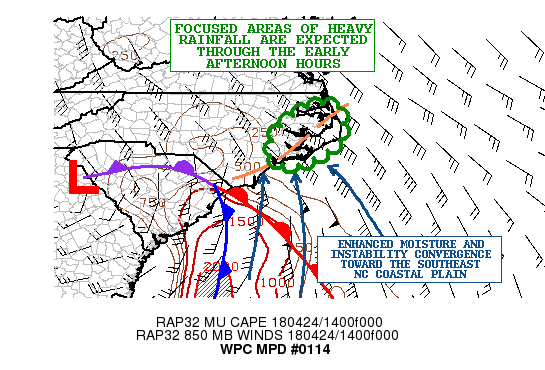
AREAS AFFECTED...EASTERN NC

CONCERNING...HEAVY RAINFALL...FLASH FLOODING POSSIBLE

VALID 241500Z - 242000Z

SUMMARY...VERY HEAVY RAINFALL WILL BE IMPACTING EASTERN NC THROUGH
THE LATE-MORNING AND EARLY AFTERNOON HOURS. THE INTENSE RAINFALL
RATES TO OVER 2 INCHES/HR MAY RESULT IN SOME RUNOFF PROBLEMS AND
POSSIBLE FLASH FLOODING.

DISCUSSION...STRONG CONVECTION WITH VERY HEAVY RAINFALL IS
OCCURRING OVER SOUTHEAST NC AROUND THE EASTERN FLANK OF AN UPPER
TROUGH MOVING ACROSS THE CENTRAL APPALACHIANS THIS MORNING. THIS
ENERGY IS INTERACTING WITH A WELL-DEFINED LOW TO MID LEVEL FETCH
OF ATLANTIC MOISTURE THAT HAS BECOME ESPECIALLY FOCUSED ALONG A
WARM FRONT THAT IS GRADUALLY LIFTING NORTH UP TOWARD THE SOUTHEAST
NC COASTAL PLAIN AND ALSO UP ALONG AN INVERTED COASTAL TROUGH THAT
IS INLAND OVER FAR EASTERN NC. THE AREA VAD WIND PROFILER DATA IS
INDICATING A 40 TO 50 KT SOUTHEAST LOW LEVEL JET THAT IS
SUPPORTING NOT ONLY ENHANCED MOISTURE CONVERGENCE/FORCING IN
VICINITY OF THE FRONT BUT IS ALSO POOLING A NOSE OF STRONGER
INSTABILITY FROM JUST OFFSHORE AND NEAR THE GULF STREAM WATERS.

THE LATEST GOES-16 SATELLITE IMAGERY INCLUDING 10.3 MICRON/IR AND
DAY CONVECTION RGB DATA SUGGESTS SOME INCREASE IN CONVECTIVE
ORGANIZATION OVER THE LAST 1 TO 2 HOURS AND OBSERVED RAINFALL
RATES ARE REACHING UP BETWEEN 1.5 AND 2 INCHES/HR. THESE RAINFALL
RATES WILL BE AIDED BY THE STRONG FORCING OVER THE NEXT SEVERAL
HOURS SEEN IN THE LOW LEVELS WITH THE ROBUST WARM ADVECTION
PATTERN BUT ALSO WITH DIFFLUENT FLOW ALOFT AND A RELATIVELY DEEP
POOL OF MOISTURE THAT WILL CONTRIBUTE TO GREATER RAINFALL
EFFICIENCY. THUS SOME RAINFALL RATES MAY REACH UP OVER 2 INCHES/HR
GOING INTO THE EARLY AFTERNOON HOURS AS GREATER MOISTURE AND
INSTABILITY CONCENTRATION FOCUSES OVER EASTERN NC IN TIME.

A CONSENSUS OF THE LATEST HIRES CAM GUIDANCE LED BY HRRR...ARW AND
NMMB SUPPORTS ADDITIONAL RAINFALL AMOUNTS OF AS MUCH AS 2 TO 4
INCHES WITH SOME ISOLATED HEAVIER AMOUNTS NOT OUT OF THE QUESTION
UP ALONG THE INVERTED SURFACE TROUGH. SOME RUNOFF PROBLEMS WILL BE
POSSIBLE AND AREAS CLOSER TO THE TROUGH AXIS MAY SEE SUFFICIENT
FOCUSING OF CONVECTION FOR SOME ISOLATED FLASH FLOODING. WILL
CONTINUE TO MONITOR.